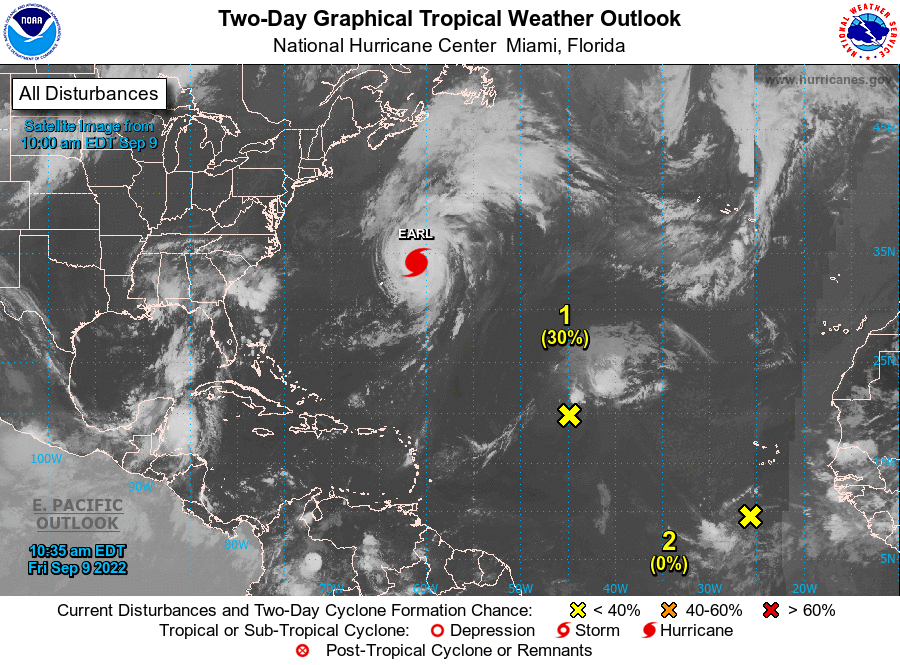
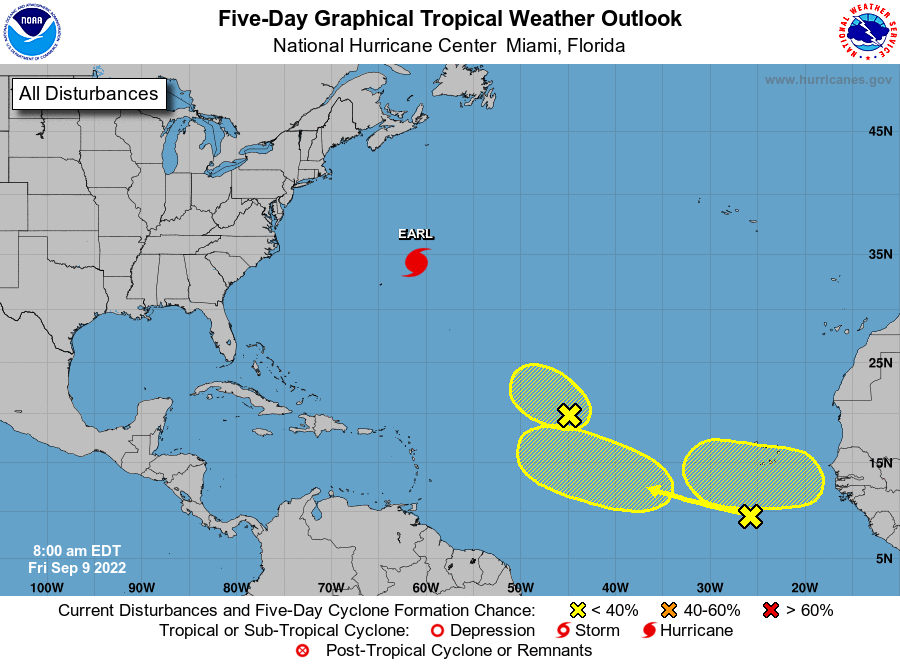
For the North Atlantic...Caribbean Sea and the Gulf of Mexico:

Active Systems: The National Hurricane Center is issuing advisories on Hurricane Earl, located a couple of hundred miles east-northeast of Bermuda.

1. Central Tropical Atlantic: A gale-force low pressure system is located about 1100 miles east of the Leeward Islands. Although the low has a well-defined center of circulation, strong upper-level winds have caused most of the disorganized shower and thunderstorm activity associated with the low to be displaced well to its northeast. The strong upper-level winds are forecast to persist for the next several days and it is becoming less likely that a short-lived tropical storm will form. Regardless of development, the disturbance is forecast to move generally west-northwestward near 15 mph across the central subtropical Atlantic. For more information on this system, including gale warnings, please refer to the High Seas Forecasts issued by the National Weather Service.
* Formation chance through 48 hours...low...30 percent.
* Formation chance through 5 days...low...30 percent.

2. Eastern Tropical Atlantic: A tropical wave located several hundred miles south of the Cabo Verde Islands is producing a disorganized area of showers and thunderstorms. Development of this system, if any, is expected to be slow to occur while it moves westward or west-northwestward at 15 to 20 mph across the eastern and central tropical Atlantic through the middle of next week.
* Formation chance through 48 hours...low...near 0 percent.
* Formation chance through 5 days...low...20 percent.

3. Near the Coast of Africa: Another tropical wave is forecast to move off the coast of Africa by early next week. Some gradual development of the wave will be possible after it moves over water and heads generally westward over the far eastern Atlantic.
* Formation chance through 48 hours...low...near 0 percent.
* Formation chance through 5 days...low...20 percent.

High Seas Forecasts issued by the National Weather Service can be found under AWIPS header NFDHSFAT1, WMO header FZNT01 KWBC, and online at ocean.weather.gov/shtml/NFDHSFAT1.php

Forecaster D. Zelinsky